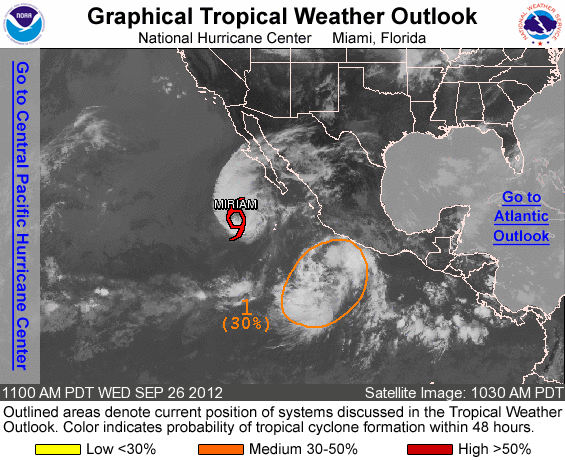
FOR THE EASTERN NORTH PACIFIC...EAST OF 140 DEGREES WEST LONGITUDE..

THE NATIONAL HURRICANE CENTER IS ISSUING ADVISORIES ON TROPICAL STORM MIRIAM...LOCATED ABOUT 425 MILES WEST-SOUTHWEST OF THE SOUTHERN TIP OF BAJA CALIFORNIA.

1. SHOWER ACTIVITY ASSOCIATED WITH A LARGE AREA OF DISTURBED WEATHER LOCATED SEVERAL HUNDRED MILES SOUTHWEST OF ACAPULCO MEXICO CONTINUES TO SHOW SIGNS OF ORGANIZATION. SLOW DEVELOPMENT OF THIS SYSTEM IS POSSIBLE DURING THE NEXT COUPLE OF DAYS AS IT MOVES NORTHWESTWARD TO NORTHWARD AT ABOUT 10 MPH. THIS SYSTEM HAS A MEDIUM CHANCE...30 PERCENT...OF BECOMING A TROPICAL CYCLONE DURING THE NEXT 48 HOURS. THIS SYSTEM COULD CAUSE LOCALLY HEAVY RAINS OVER PORTIONS OF THE WESTERN COAST OF MEXICO IN THE NEXT DAY OR TWO.

ELSEWHERE...TROPICAL CYCLONE FORMATION IS NOT EXPECTED DURING THE NEXT 48 HOURS.

FORECASTER BEVEN